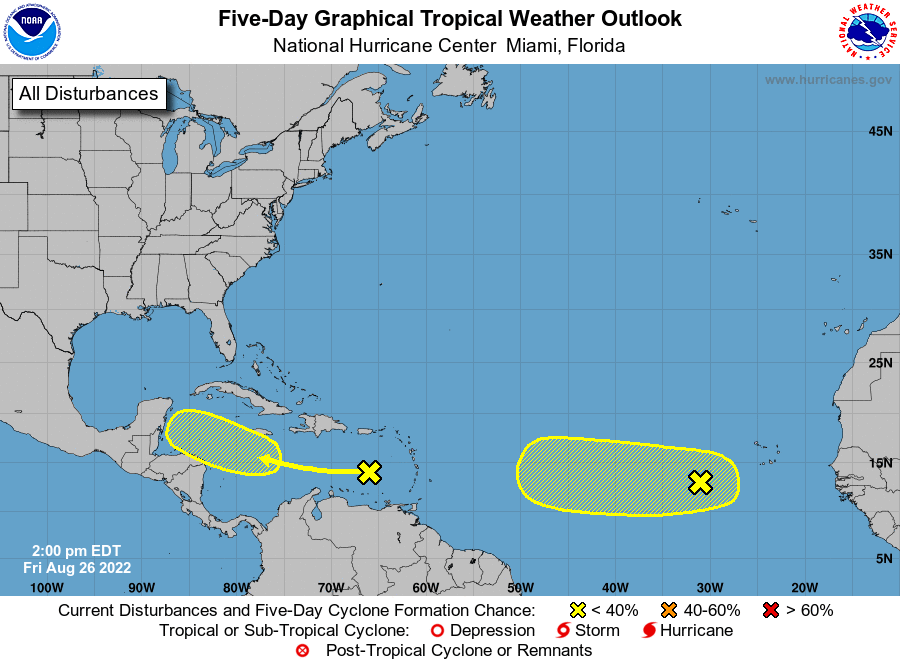
For the North Atlantic...Caribbean Sea and the Gulf of Mexico:

1. Eastern Tropical Atlantic: A broad and complex area of low pressure over the eastern tropical Atlantic Ocean is producing disorganized showers and thunderstorms. The interaction of this feature with an approaching tropical wave could support some gradual development of the system during the early and middle parts of next week while it moves slowly westward to west-northwestward across the eastern and central tropical Atlantic.
* Formation chance through 48 hours...low...10 percent.
* Formation chance through 5 days...low...30 percent.

2. Eastern Caribbean Sea: A trough of low pressure located over the eastern Caribbean Sea is producing limited shower and thunderstorm activity. Environmental conditions could become more conducive for slow development of this system during the early or middle part of next week while it moves generally westward at 10 to 15 mph across the central and northwestern Caribbean Sea.
* Formation chance through 48 hours...low...near 0 percent.
* Formation chance through 5 days...low...20 percent.

Forecaster Reinhart